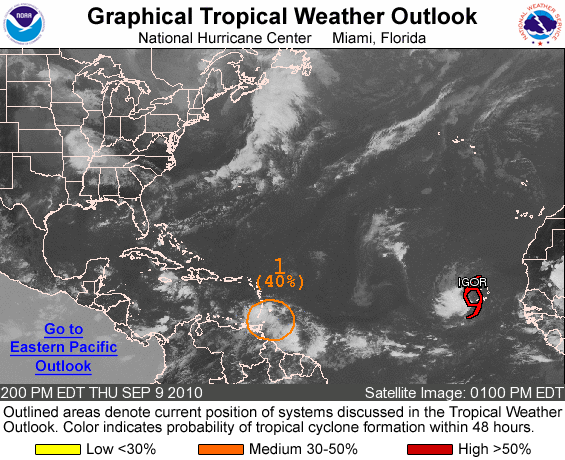
FOR THE NORTH ATLANTIC...CARIBBEAN SEA AND THE GULF OF MEXICO...

THE NATIONAL HURRICANE CENTER IS ISSUING ADVISORIES ON TROPICAL STORM IGOR...LOCATED ABOUT 65 MILES NORTHWEST OF BRAVA IN THE CAPE VERDE ISLANDS.

1. SHOWERS AND THUNDERSTORMS ASSOCIATED WITH A WEAK AREA OF LOW PRESSURE LOCATED NEAR THE WINDWARD ISLANDS HAVE CHANGED LITTLE DURING THE LAST SEVERAL HOURS. THIS SYSTEM CONTINUES TO SHOW SIGNS OF ORGANIZATION...AND ENVIRONMENTAL CONDITIONS APPEAR FAVORABLE FOR SOME GRADUAL DEVELOPMENT AS THE LOW MOVES SLOWLY WESTWARD. THERE IS A MEDIUM CHANCE...40 PERCENT...OF THIS SYSTEM BECOMING A TROPICAL CYCLONE DURING THE NEXT 48 HOURS.

ELSEWHERE...TROPICAL CYCLONE FORMATION IS NOT EXPECTED DURING THE NEXT 48 HOURS.

FORECASTER CANGIALOSI/BRENNAN